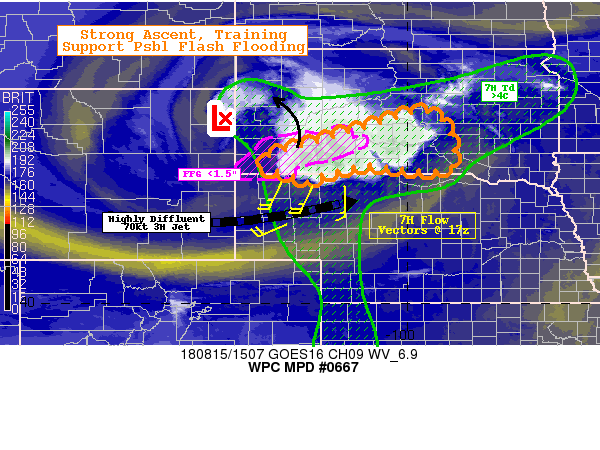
Areas affected...Southwest & South Central South Dakota...

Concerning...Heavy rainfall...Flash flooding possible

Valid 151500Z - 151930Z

SUMMARY...Training Cells through Lower FFG poses possible
localized flash flooding through early morning.

DISCUSSION...GOES-WV suite depicts a strong/compact vort center
rolling out of NE WY into the Black Hills of W SD at this time,
with a strong undercutting jet with AMVs up to 60-70kts across W
NEB.  This places the area of concern in very strong dynamic
ascent with strong DPVA and solid diffluent outflow on the
relatively flat (W-E) Jet.  CAA aloft also has been steepening
mid-level lapse rates with 6C Temps at 7H near the low, with winds
expected to strengthen from the south at 7H of 20-25kts aligned
with narrow moisture corridor with 4-6C Tds at 7H providing solid
moisture for cells.  While main threat as highlighted in SPC MCD
1293, supports moderate to large size hail, it will be accompanied
with modest rainfall, and with hail clogging
culverts/ditches...this may support backing up water outflows near
roads/intersection where they are more prevalent.

The greater concern is propagation vectors and mean cell motions
are fairly parallel to convective organization line at this time,
supporting likely training.  This has already been seen in Fall
River into the Oglala Lakota Resv. where FFG values are already
low (<1.5"/hr) and likely on par with hourly rain rates given
Total PWATs approaching 1.5" given the mass flux.  While hail is
overestimating QPE values from MRMS, the magnitudes used for OU
FLASH Unit stream flows and QPE/FFG ratios even reducing QPE
significantly because of hail still would suggest flash flooding
may be possible in S Oglala Lakota and Fall River counties, likely
to expand into Bennett county with time, given the training
environment.  While there is some expectation for convection to
propagate/develop into Northern Neb, the Sand Hills should not be
affected and are carved out of the area of concern.

With slight veering expected in low levels after 17z...cells may
expand further north into Jones/Lyman/Stanley counties, as
suggested by a good portion of Hi-Res CAM guidance.  This guidance
is fairly agreeable in the 2-2.5" swath of forecast QPF for
continued possible flash flooding through the early morning
afternoon due to the training and lower FFG north of the NEB
border.